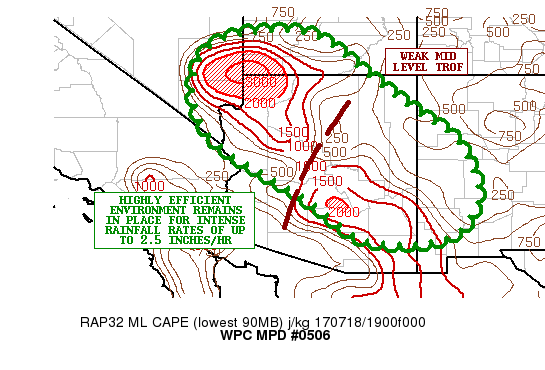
AREAS AFFECTED...SOUTHEAST NV...SOUTHERN UT...AZ...WESTERN NM

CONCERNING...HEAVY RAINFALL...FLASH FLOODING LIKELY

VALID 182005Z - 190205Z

SUMMARY...SHOWERS AND THUNDERSTORMS WITH INTENSE RAINFALL RATES
WILL CONTINUE TO EXPAND IN COVERAGE THROUGH THE LATE AFTERNOON AND
EVENING HOURS. SOME POCKETS OF FLASH FLOODING ARE LIKELY.

DISCUSSION...MID-AFTERNOON EXPERIMENTAL GOES-16 10.3 MICRON/IR
IMAGERY IS SHOWING A GRADUAL EXPANSION OF COOLING CONVECTIVE TOPS
OVER WESTERN NM AND EXTENDING WEST ACROSS CENTRAL AND NORTHWEST AZ
INCLUDING THE MOGOLLON RIM. DEVELOPMENT IS ALSO NOTED NOW ACROSS
AREAS OF SOUTHERN UT. STRONG DIURNAL HEATING AND A VERY MOIST
COLUMN ASSOCIATED WITH THE MONSOON PATTERN IS WORKING IN TANDEM
WITH A WEAK MID LEVEL TROUGH AND LOCALIZED OROGRAPHICS/UPSLOPE
FLOW TO ALLOW CONVECTION TO INITIATE AND EXPAND IN COVERAGE.

THE HIRES MODELS ARE ALREADY GENERALLY APPEARING TO BE TOO SLOW TO
INITIATE CONVECTION BASED ON THE LATEST SATELLITE AND RADAR
TRENDS...BUT THEY SUGGEST INTENSE RAINFALL RATES WITH THE
CONVECTION OVER TIME AND WITH RELATIVELY SLOW CELL MOTION OFF TO
THE WEST GIVEN THE FAIRLY WEAK LOW AND MID LEVEL WIND FIELDS OUT
OF THE EAST.

MORNING RAOB DATA FROM PHX/TUS BOTH INDICATED ANOMALOUSLY HIGH
PWATS OF 1.8 TO 1.9 INCHES...AND THE LATEST CIRA-LPW PRODUCT
THROUGH 18Z CONTINUES TO SHOW AN ENVIRONMENT CONDUCIVE FOR HIGHLY
EFFICIENT RAINFALL PROCESSES THAT IN CONJUNCTION WITH MLCAPE
VALUES OF 1500 TO 2000 J/KG WILL LIKELY PRODUCE RAINFALL RATES AS
HIGH AS 2.5 INCHES/HR AS CONVECTION CONTINUES TO DEVELOP AND
BECOME LOOSELY ORGANIZED THROUGH THE AFTERNOON AND EVENING HOURS.
THE GENERAL MOTION SHOULD BE OFF TO THE WEST

IN ADDITION TO AREAS OF WESTERN NM AND AZ...EXPECT THUNDERSTORMS
TO GRADUALLY BECOME MORE FOCUSED/CONCENTRATED OVER SOUTHERN UT AND
IN TIME OVER PARTS OF SOUTHEAST NV GOING CLOSER TO THE EVENING
TIME-FRAME.

THE 12Z ARW/NMMB SOLUTIONS SUPPORT AS MUCH AS MUCH AS 3 TO 4
INCHES OF RAIN WITHIN SOME OF THE STRONGER CONVECTIVE CORES...AND
THIS WILL LIKELY RESULT IN FLASH FLOODING FOR AREA DRY
WASHES/ARROYOS AND OTHER MORE SENSITIVE AREAS INVOLVING HIGHER
TERRAIN AND ADJACENT CANYONS WHERE RUNOFF CAN BE GREATLY ENHANCED.
WILL CONTINUE TO MONITOR.